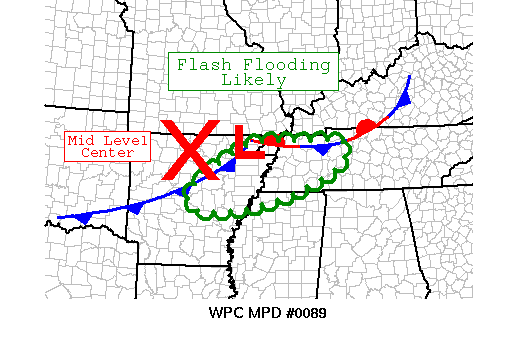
AREAS AFFECTED......NORTHEAST ARKANSAS AND WESTERN TENNESSEE...

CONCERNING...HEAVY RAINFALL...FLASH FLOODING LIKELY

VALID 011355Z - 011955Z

SUMMARY...A NEARLY STEADY-STATE RAINFALL SYSTEM OVER ARKANSAS
FAVORS A HIGH PROBABILITY OF EXCEEDING FLASH FLOOD GUIDANCE ACROSS
PORTIONS OF NORTHEAST ARKANSAS AND WESTERN TENNESSEE THROUGH EARLY
OR MID AFTERNOON.

DISCUSSION...RADAR AND SATELLITE IMAGERY SHOW THE MID-LEVEL CENTER
OF A MESOSCALE RAINFALL SYSTEM NORTH OF LITTLE ROCK MOVING
EASTWARD...WHILE SURFACE ANALYSIS SHOWS A STALLED OUTFLOW BOUNDARY
ALONG A LINE FROM ABOUT LEXINGTON TO JUST SOUTH OF CLARKSVILLE TO
A MESO-LOW NEAR JONESBORO.  A PROGRESSIVE OUTFLOW BOUNDARY EXTENDS
SOUTHWESTWARD FROM THE MESO-LOW.  DEEP CONVECTION CONTINUES TO
DEVELOP NORTH OF MESOSCALE BOUNDARIES...WITH REGIONAL VAD WIND
PROFILER DATA...RAP ANALYSIS...AND LIGHTNING TRENDS INDICATING
THAT THE MAJORITY OF CONVECTION IS ROOTED IN THE 850 TO 700 MB
LAYER.

HI-RESOLUTION MODEL DATA CORRELATES ONLY MODESTLY WITH RADAR
DATA...WITH THE 12Z HRRR AND 00Z HI-RES ARW TOO FAR NORTH WITH THE
CONVECTION WHICH APPEARS TO BE A RESULT OF THE MODELS NOT
ADEQUATELY HANDLING THE MORE PROGRESSIVE OUTFLOW BOUNDARY
EXTENDING SOUTHWESTWARD FROM THE LOW.  THUS...THE SHORT RANGE
FORECAST IS BASED LARGELY ON MESO-ANALYSIS AND CONCEPTIONAL
MODELING.

THE MORE BROAD UPPER TROUGH OVER THE CENTRAL PLAINS SHOULD ALLOW
FOR LESS DIURNAL WEAKENING OF THE 850-700 MB FLOW AHEAD OF THE
TROUGH THAN WOULD NORMALLY BE EXPECTED...WHICH SHOULD HELP TO
SUSTAIN THE CURRENT CONVECTIVE ACTIVITY THROUGH AT LEAST EARLY
AFTERNOON...WITH REPEATED CELL DEVELOPMENT AND TRAINING EXPECTED.
ADDITIONAL RAINFALL AMOUNTS THROUGH EARLY OR MID AFTERNOON OF 1 TO
2 INCHES ARE EASILY ATTAINABLE...WITH 2 TO 4 INCHES POSSIBLE
LOCALLY.  GIVEN THE ALREADY REDUCED FLASH FLOOD GUIDANCE
VALUES...THE PROBABILITY OF EXCEEDING GUIDANCE IS HIGH...
ESPECIALLY OVER WESTERN TENNESSEE.